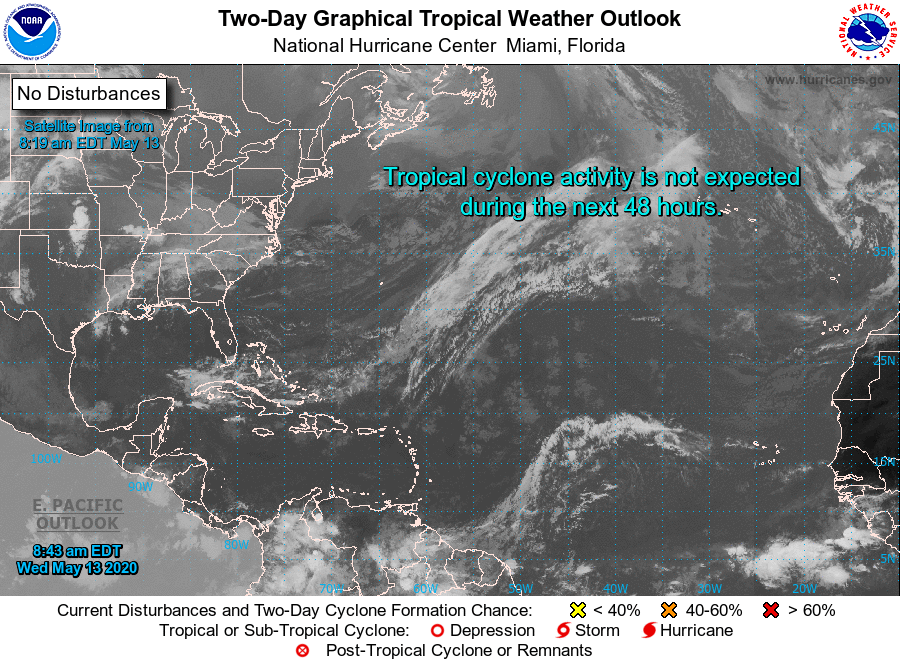
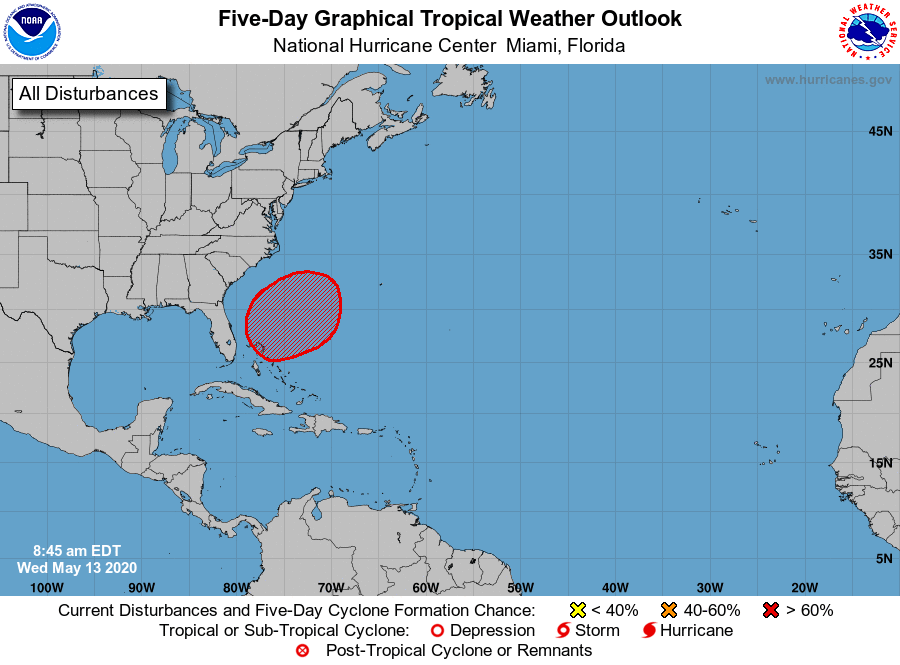
For the North Atlantic...Caribbean Sea and the Gulf of Mexico:

Special Tropical Weather Outlook issued to discuss the potential for subtropical development this weekend northeast of the Bahamas.

1.

1. A broad area of low pressure is expected to develop late this week or early this weekend near or within a couple of hundred miles north of the Bahamas. Environmental conditions appear conducive for gradual development of this system, and a subtropical depression or storm is likely to form this weekend while it moves northeastward over the western Atlantic. The next Special Tropical Weather Outlook on this system will be issued by 9 PM EDT Wednesday, or earlier, if necessary.
* Formation chance through 48 hours...low...near 0 percent.
* Formation chance through 5 days...high...70 percent.

Forecaster Latto